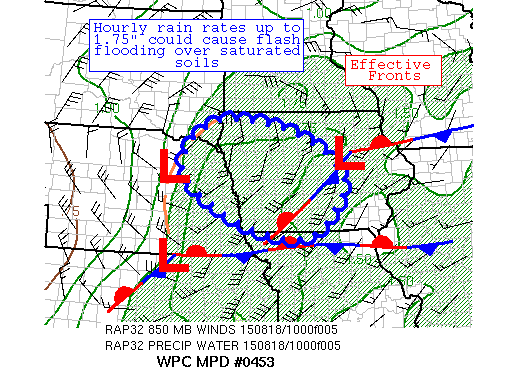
AREAS AFFECTED...WESTERN IA & VICINITY

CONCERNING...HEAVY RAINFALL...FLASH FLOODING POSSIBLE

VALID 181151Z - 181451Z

SUMMARY...SATELLITE AND RADAR TRENDS SHOW A SLIGHT UPTICK IN
HOURLY RAIN RATES WITHIN THIS REGION.  AS THE CONVECTION MOVES
INTO A MORE SATURATED AREA, FLASH FLOODING IS POSSIBLE.

DISCUSSION...A COUPLE OF MERGING CONVECTIVE AREAS ARE SEEN IN
RECENT SATELLITE IMAGERY BETWEEN SOUTHEAST SD AND WESTERN IA.
INFLOW AT 850 HPA OF 25-35 KTS IS SEEN STREAMING INTO THE REGION
PER VAD WIND PROFILES, NEAR THE MAGNITUDE OF THE MEAN 850-400 HPA
WIND.  PRECIPITABLE WATER VALUES OF 1.5-1.75" HAVE BEEN REPORTED
BY GPS.  MUCAPE IN THE REGION IS IN THE 500-1000 J/KG, WHICH IS
SUFFICIENT WITHIN THIS MOIST ENVIRONMENT.

THE 06Z SSEO NEIGHBORHOOD PROBABILITIES SUGGEST POTENTIAL FLASH
FLOOD ISSUES THROUGH 15Z, BEFORE FADING -- USED A THREE HOUR
WINDOW DUE TO THIS EXPECTATION.  THIS APPEARS TO BE DUE TO FADING
INSTABILITY ACROSS THE REGION.  HOURLY RAIN RATES UP TO 1.75"
REMAIN POSSIBLE, WHICH IS MOST LIKELY EARLY IN THE PERIOD DUE TO
POSSIBLE CELL MERGERS AND COULD EXCEED THE THREE HOUR FLASH FLOOD
GUIDANCE IN SATURATED AREAS ACROSS NORTHWEST IA.  THE LATEST
MESOSCALE QPF GUIDANCE ADVERTISES LOCAL AMOUNTS IN THE 2-4" RANGE
THROUGH THE REMAINDER OF THE MORNING, WHICH COULD FALL QUICKLY.
IT APPEARS THE 00Z NMMB AND 00Z ARW (ALONG WITH THEIR PARALLEL
RUNS) ARE BEST PLACED BASED ON CURRENT CONVECTIVE LOCATION, THE
POSITION OF SURFACE FEATURES, AND THE EXPECTED PROGRESSION OF THE
850 HPA SLICE OF THE FRONTAL BOUNDARY BASED ON RECENT RAP RUNS.
NEW CONVECTION IS EXPECTED LATER TODAY FARTHER EASTWARD ACROSS IA
AS INSTABILITY REBUILDS LATER TODAY, WHICH WILL BE WATCHED FOR
LATER MPD POSSIBILITIES.